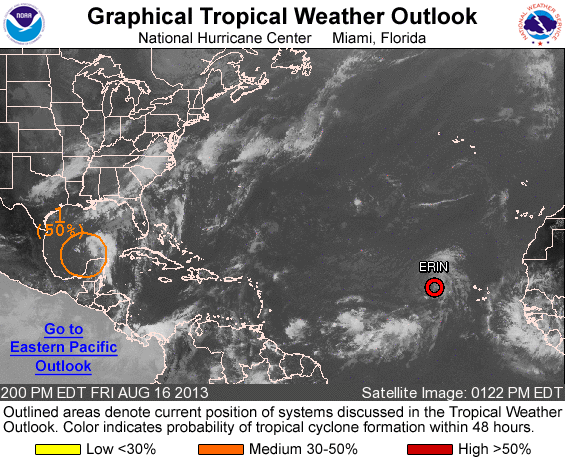
FOR THE NORTH ATLANTIC...CARIBBEAN SEA AND THE GULF OF MEXICO...

THE NATIONAL HURRICANE CENTER IS ISSUING ADVISORIES ON TROPICAL DEPRESSION ERIN...LOCATED WEST OF THE CAPE VERDE ISLANDS.

1. AN AREA OF LOW PRESSURE IS LOCATED OVER THE SOUTHWESTERN GULF OF MEXICO ABOUT 120 MILES NORTH-NORTHWEST OF CAMPECHE MEXICO. SHOWER AND THUNDERSTORM ACTIVITY HAS INCREASED A LITTLE OVER THE PAST FEW HOURS...BUT IS STILL LOCATED WELL TO THE EAST AND NORTHEAST OF THE LOW CENTER. ENVIRONMENTAL CONDITIONS COULD BECOME MORE FAVORABLE FOR DEVELOPMENT IF THE LOW MOVES TOWARD THE WEST OR WEST-NORTHWEST OVER THE NEXT COUPLE OF DAYS. INTERESTS IN THE CENTRAL AND WESTERN GULF OF MEXICO SHOULD MONITOR THE PROGRESS OF THE SYSTEM THROUGH THE WEEKEND. IF THE LOW TAKES A MORE NORTHWARD TRACK...HOWEVER...IT WOULD MOVE INTO A LESS CONDUCIVE ENVIRONMENT FOR DEVELOPMENT. THIS SYSTEM HAS A MEDIUM CHANCE...50 PERCENT...OF BECOMING A TROPICAL CYCLONE DURING THE NEXT 48 HOURS...AND A HIGH CHANCE...60 PERCENT...OF BECOMING A TROPICAL CYCLONE DURING THE NEXT 5 DAYS.

FIVE-DAY FORMATION PROBABILITIES ARE EXPERIMENTAL IN 2013. COMMENTS ON THE EXPERIMENTAL FORECASTS CAN BE PROVIDED AT... HTTP://WWW.NWS.NOAA.GOV/SURVEY/NWS-SURVEY.PHP?CODE=ETWO

FORECASTER BRENNAN